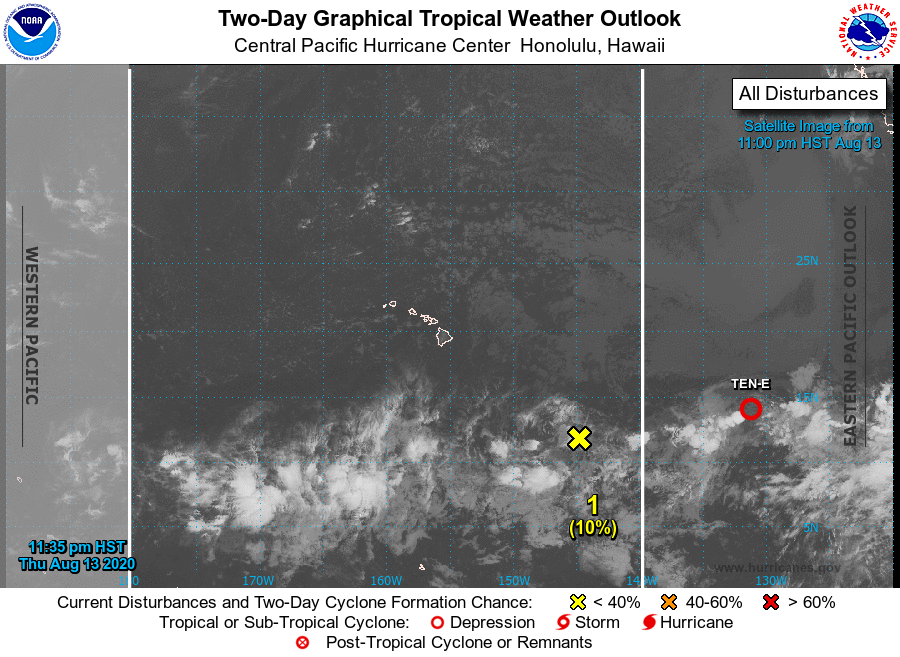
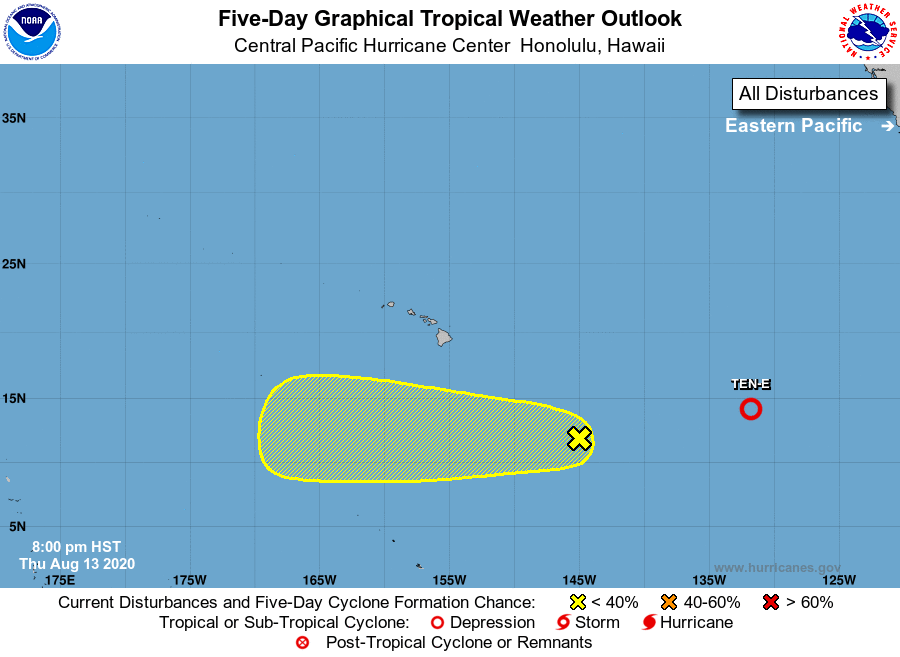
For the central North Pacific...between 140W and 180W:

1. A broad area of low pressure located around 900 miles southeast of Hilo, Hawaii, continues to produce disorganized showers and thunderstorms. Some gradual development of this system is possible through early next week while it moves westward at around 10 mph.
* Formation chance through 48 hours...low...10 percent.
* Formation chance through 5 days...low...30 percent.

Elsewhere, no tropical cyclones are expected during the next 5 days.

Forecaster Gibbs